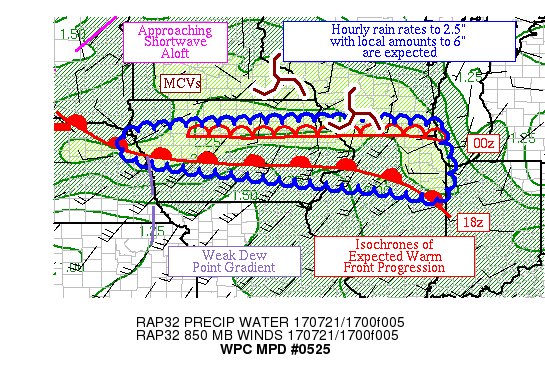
AREAS AFFECTED...PORTIONS OF IA, IL, & WI

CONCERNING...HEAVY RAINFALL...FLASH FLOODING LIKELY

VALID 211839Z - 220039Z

SUMMARY...THUNDERSTORMS WITH HEAVY RAIN ARE EXPECTED NEAR AN
EAST-WEST BOUNDARY OVER THE NEXT SEVERAL HOURS.  HOURLY RAIN RATES
TO 2.5" WITH LOCAL AMOUNTS TO 6" ARE POSSIBLE.

DISCUSSION...SATELLITE AND RADAR IMAGERY SHOW TWO BATCHES OF
THUNDERSTORMS NEAR THE 42.5 PARALLEL BETWEEN NORTHEAST NE AND THE
WESTERN WI/IL BORDER, WITH THE NEW WESTERN BATCH FORMING NEAR THE
INTERSECTION OF A WARM FRONT AND WEAK DEW POINT GRADIENT NEAR THE
NE/IA BORDER.  AN APPROACHING SHORTWAVE IS SEEN ON WATER VAPOR
IMAGERY ACROSS EASTERN SD.  INFLOW AT 850 HPA IS SOUTHWEST AT
20-30 KTS PER VAD WIND PROFILES, NEAR THE MAGNITUDE OF THE MEAN
850-400 HPA WIND.  PRECIPITABLE WATER VALUES ARE ~2".  ML CAPE
VALUES SOUTH OF THE EFFECTIVE FRONT ARE 2000-4000 J/KG AND RISING.
 EFFECTIVE BULK SHEAR OF 40-45 KTS LIES ACROSS THE REGION.

THE WARM FRONT/OUTFLOW BOUNDARY IS EXPECTED TO RETURN NORTHWARD TO
ROUGHLY 42.5N LATITUDE, THE SOUTHERN EDGE OF THE EXTENSIVE
CLOUDINESS LEFT BEHIND BY THE EASTERN COMPLEX.  HOWEVER,
CONVECTIVE PROGRESSION IS EXPECTED TO BE EAST TO EAST-SOUTHEAST AT
25 KTS PER FORWARD PROPAGATING VECTORS.  THE RAP GUIDANCE SHOWS
INFLOW INCREASING TO 40-45 KTS AND BECOMING INCREASINGLY
CONVERGENT, NEARLY DOUBLE THE MEAN WIND WHICH WOULD LEAD TO
CONVECTIVE BACKBUILDING AND MAKE FOR EXCELLENT RAINFALL
EFFICIENCY.  THE COMBINATION OF LOW-LEVEL INFLOW AND INSTABILITY
COULD ALLOW FOR CONVECTIVE BOWS TO DEVELOP BY 22Z, WHICH WOULD
NORMALLY LIMIT RAINFALL TOTALS.  HOWEVER, THE DEGREE OF BULK SHEAR
INDICATES THE PRESENCE OF MESOCYCLONES IN THE UPCOMING CONVECTIVE
ACTIVITY, WHICH COULD ALSO HOLD UP CONVECTIVE BOWS AND ENHANCE
RAIN RATES.  HEAVY RAINFALL IS ALSO POSSIBLE ALONG THE WESTERN AND
SOUTHWESTERN-MOST FLANKS OF ANY BOWING CONVECTIVE SEGMENTS,
WHETHER OR NOT MESOCYCLONES ARE PRESENT.

HOURLY RAIN RATES TO 2.5" ARE EXPECTED.  THE MESOSCALE GUIDANCE
HAS A STRONG SIGNAL FOR HEAVY RAINFALL, SHOWING LOCAL AMOUNTS NEAR
6".  DESPITE THE SOUTHWARD SHIFT SEEN SINCE THEIR 12Z RUNS, THEY
COULD STILL END UP BEING TOO FAR NORTH WITH THEIR AXIS -- THE 14Z
HRRR, 12Z WRF NSSL, AND 12Z NMMB LOOKS FAIRLY REASONABLE, ALTHOUGH
THEIR CONVECTIVE PROGRESSION/DEVELOPMENT TO THE EAST MIGHT NOT BE
QUICK ENOUGH.  SOILS ARE SATURATED FROM THE PAST FEW DAYS OF RAIN
ACROSS PORTIONS OF NORTHEAST IA, NORTHERN IL, AND SOUTHERN WI.
FLASH FLOODING IS CONSIDERED LIKELY.